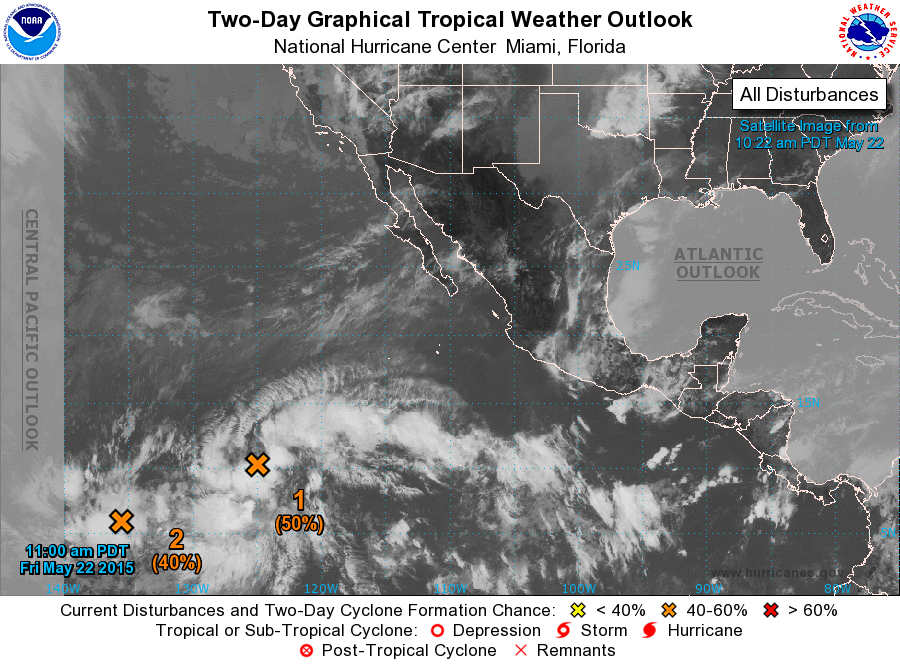
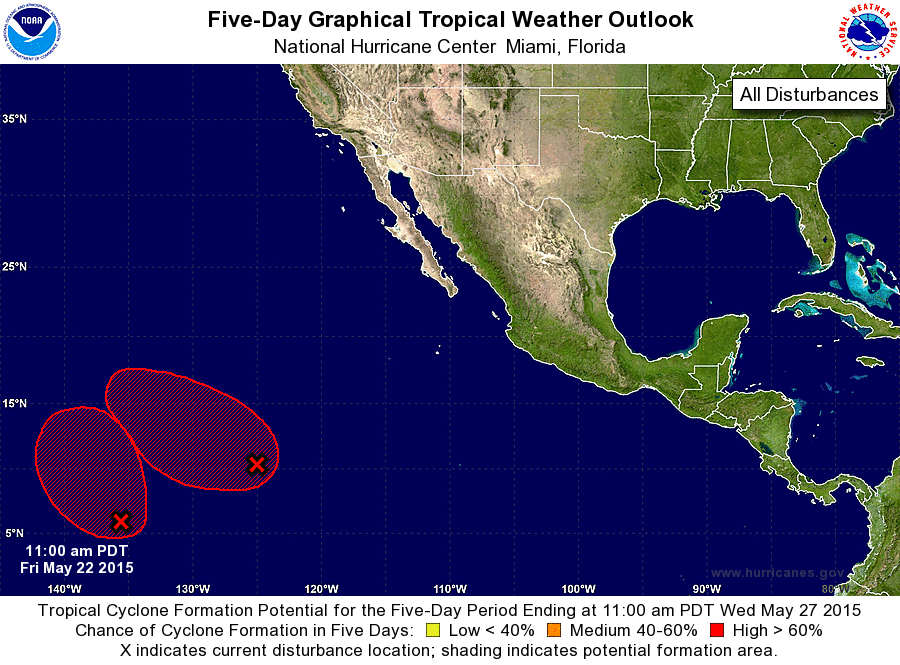
For the eastern North Pacific...east of 140 degrees west longitude:

1. A large area of cloudiness and thunderstorms associated with a tropical wave located about 1300 miles southwest of the southern tip of Baja California has become a little better organized this morning. Environmental conditions appear conducive for additional development of this system during the next three to four days while it moves west-northwestward.
* Formation chance through 48 hours...medium...50 percent
* Formation chance through 5 days...high...80 percent

2. Shower activity associated with a broad area of low pressure located about 2000 miles southwest of the southern tip of Baja California has also become better organized this morning. Some development of this system is possible during the next day or two while the low moves slowly northwestward. After that time, development is less likely due to the proximity of the disturbance to its northeast.
* Formation chance through 48 hours...medium...40 percent
* Formation chance through 5 days...high...70 percent

Forecaster Beven